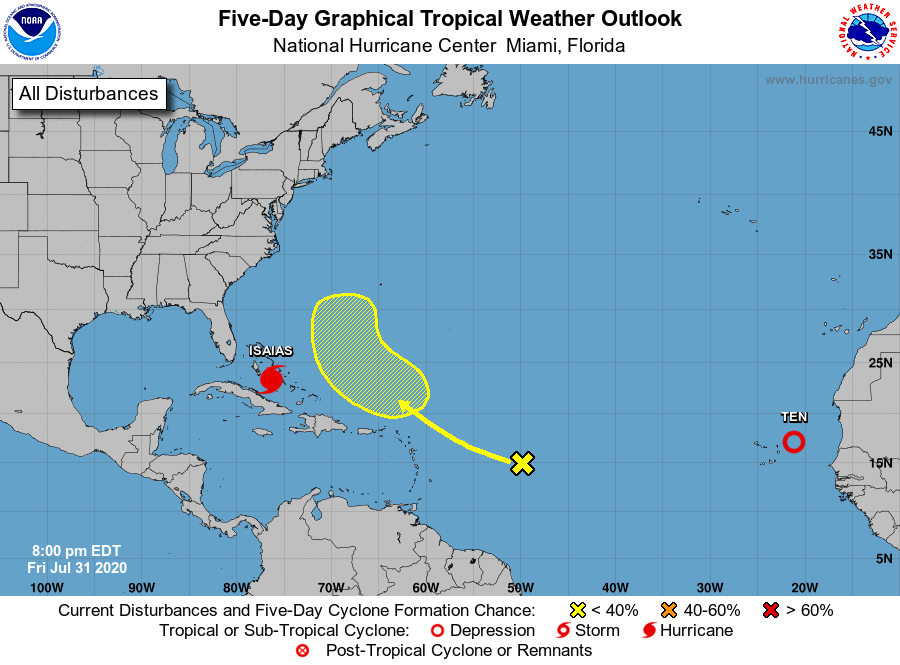
For the North Atlantic...Caribbean Sea and the Gulf of Mexico:

The National Hurricane Center is issuing advisories on Hurricane Isaias, located over the central Bahamas, and on newly developed Tropical Depression Ten, located over the far eastern Atlantic between Africa and the Cabo Verde Islands.

1. A westward-moving tropical wave located about 700 miles east of the Lesser Antilles continues to produce a few disorganized showers. Some slow development of this system is possible while it turns northwestward, and then northward over the western Atlantic through the middle of next week.
* Formation chance through 48 hours...low...near 0 percent.
* Formation chance through 5 days...low...30 percent.

Forecaster Zelinsky